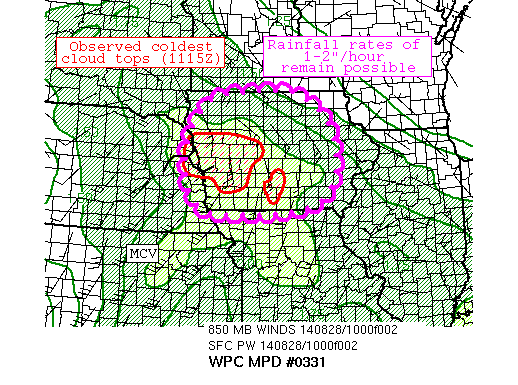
AREAS AFFECTED...FAR EASTERN NE/IA/EXTREME NORTHERN MO...

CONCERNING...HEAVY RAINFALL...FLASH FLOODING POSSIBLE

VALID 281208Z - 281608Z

SUMMARY...AN MCV WHICH DEVELOPED OVERNIGHT ACROSS KS HAS LIFTED
NORTHEASTWARD INTO EASTERN NE/WESTERN IA. THE SYSTEM CONTINUES TO
HAVE ACCESS TO AMPLE MOISTURE CONTENT AND IS UNDER A STRONGLY
DIFFLUENT SECTOR OF THE UPPER JET. FLASH FLOODING WILL BE POSSIBLE
THROUGH ROUGHLY 16Z.

DISCUSSION...WIDESPREAD MODERATE TO HEAVY RAINFALL CONTINUES TO
OCCUR IN ASSOCIATION WITH A MESOSCALE CIRCULATION LIFTING INTO
NORTHEASTERN NE. THERE HAS BEEN A SUBTLE DECREASE IN THE COVERAGE
OF COLDER CLOUD TOPS BUT THE OVERALL STRUCTURE OF THE COMPLEX
STILL LOOKS REASONABLY ORGANIZED. A MODEST 700-MB FLOW IN EXCESS
OF 35 KNOTS BASED ON THE VAD WIND PROFILE WAS OBSERVED WHICH
SHOULD BE SUSTAINED FOR THE NEXT FEW HOURS. THE ONE LIMITING
FACTOR HAS BEEN THE INSTABILITY WITH THE 11Z RAP OBJECTIVE
ANALYSIS SUPPORTING ONLY 250 TO 500 J/KG OF MUCAPE. THE
INSTABILITY PROFILES WERE A LITTLE BETTER UPSTREAM WHICH COULD
EXPLAIN WHY THE COVERAGE OF COLDER TOPS HAS DECREASED IN RECENT
SCANS. HOWEVER...FLASH FLOODING IS STILL POSSIBLE AS THE ONGOING
SHIELD OF PRECIPITATION ENTERS A REGION OF SOMEWHAT LOWERED FFG
VALUES. EXPECT HOURLY RAINFALL RATES OF 1 TO 2 INCHES PER HOUR TO
BE THE NORM GIVEN THE PAST HISTORY OF THIS SYSTEM.

HIGH-RESOLUTION GUIDANCE SHOW A CLEAR SIGNAL OF HEAVY RAINFALL
ACROSS IA THROUGH 18Z. A VAST MAJORITY OF THESE MODELS PAINT A
MAXIMUM IN QPF FROM EASTERN NE INTO MUCH OF CENTRAL IA. THIS
RAISES THE CONFIDENCE IN BELIEVING THIS COMPLEX WILL STAY INTACT
FOR AT LEAST A FEW MORE HOURS. IN SPITE OF THE WEAK
INSTABILITY...THE DYNAMICS FROM THE MCV AND UPPER JET DIFFLUENCE
SHOULD MAKE UP FOR THIS LIMITATION.